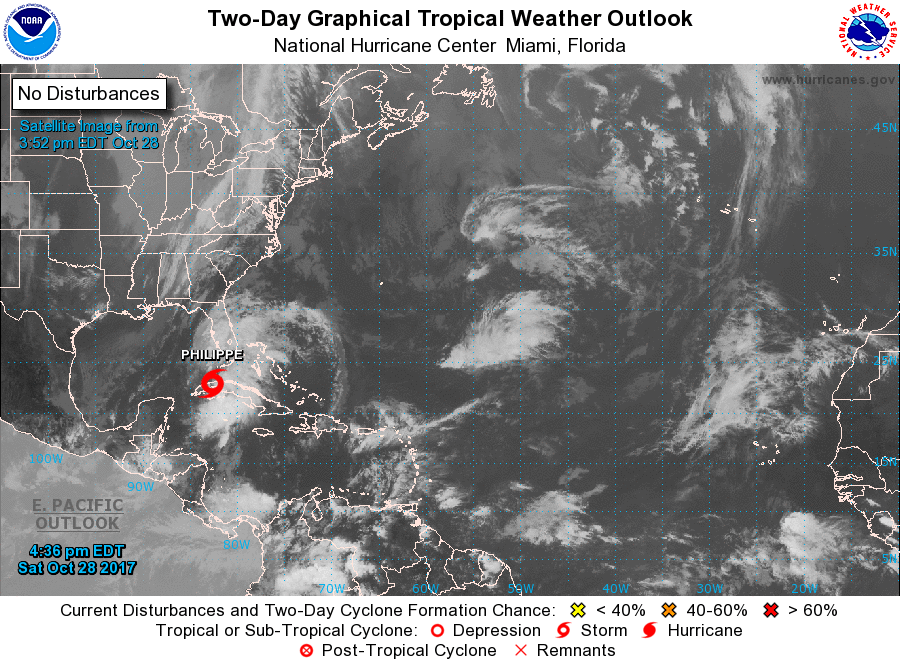
For the North Atlantic...Caribbean Sea and the Gulf of Mexico:

The National Hurricane Center is issuing advisories on newly formed Tropical Depression Eighteen, located over the northwestern Caribbean Sea near the Isle of Youth, Cuba.

1. A non-tropical low pressure system is expected to form during the next few days over the east-central Atlantic Ocean. Some subtropical or tropical development of this low is possible by the middle of next week while it meanders well to the southwest of the Azores.
* Formation chance through 48 hours...low...near 0 percent.
* Formation chance through 5 days...low...30 percent.

Public Advisories on Tropical Depression Eighteen are issued under WMO header WTNT33 KNHC and under AWIPS header MIATCPAT3. Forecast/Advisories on Tropical Depression Cyclone Eighteen are issued under WMO header WTNT23 KNHC and under AWIPS header MIATCMAT3.

Forecaster Stewart